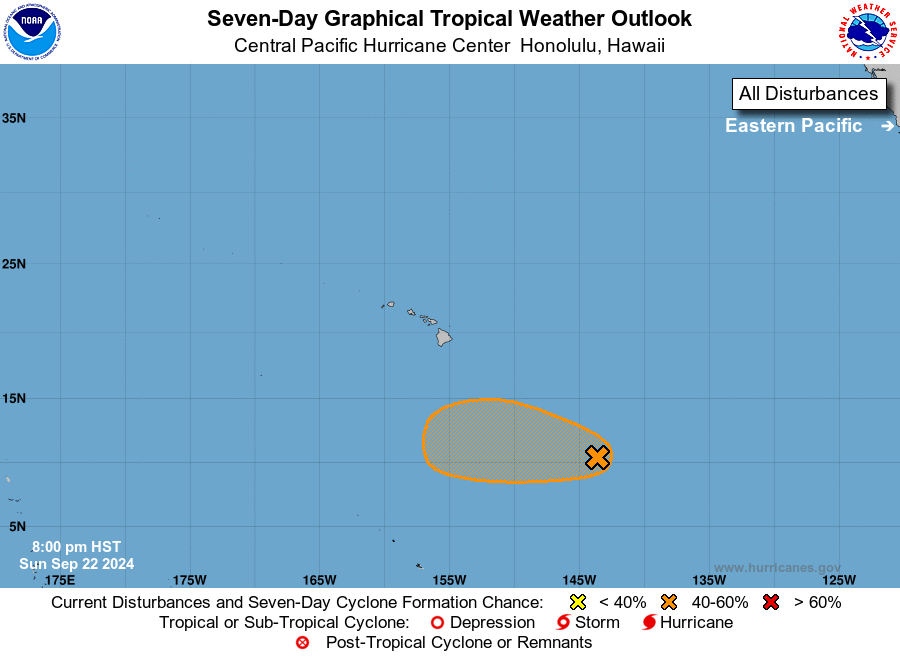
For the central North Pacific...between 140W and 180W:

1. Approximately 1000 miles southeast of Hilo, Hawaii: An area of low pressure located far southeast of Hawaii continues to produce disorganized showers and thunderstorms. Environmental conditions appear conducive for slow development in the next day or two and a tropical depression could form as it moves west at 5 to 10 mph. By Wednesday, conditions will become gradually less conducive for development.
* Formation chance through 48 hours...medium...50 percent.
* Formation chance through 7 days...medium...50 percent.

Forecaster Blood